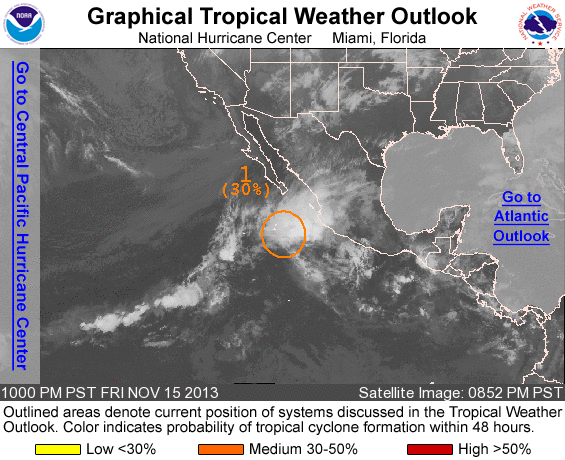
FOR THE EASTERN NORTH PACIFIC...EAST OF 140 DEGREES WEST LONGITUDE..

1. THUNDERSTORM ACTIVITY HAS CHANGED LITTLE IN ASSOCIATION WITH A BROAD AREA OF LOW PRESSURE LOCATED ABOUT 450 MILES WEST-SOUTHWEST OF MANZANILLO MEXICO. ALTHOUGH UPPER-LEVEL WINDS ARE GRADUALLY BECOMING UNFAVORABLE FOR DEVELOPMENT OF A TROPICAL CYCLONE...THIS DISTURBANCE COULD STILL PRODUCE GALE-FORCE WIND GUSTS TO THE NORTH AND NORTHEAST OF THE CENTER BEFORE IT REACHES THE COAST OF SOUTHWESTERN MEXICO BY SATURDAY NIGHT. THIS SYSTEM HAS A MEDIUM CHANCE...30 PERCENT...OF BECOMING A TROPICAL CYCLONE DURING THE NEXT 48 HOURS...AND A MEDIUM CHANCE...30 PERCENT...OF BECOMING A TROPICAL CYCLONE DURING THE NEXT 5 DAYS WHILE IT MOVES GENERALLY NORTHEASTWARD AT 10 TO 15 MPH. REGARDLESS OF DEVELOPMENT...LOCALLY HEAVY RAINS AND GUSTY WINDS ASSOCIATED WITH THIS SYSTEM ARE LIKELY TO AFFECT PORTIONS OF SOUTHWESTERN MEXICO OVER THE WEEKEND.

FIVE-DAY FORMATION PROBABILITIES ARE EXPERIMENTAL IN 2013. COMMENTS ON THE EXPERIMENTAL FORECASTS CAN BE PROVIDED AT...

HTTP://WWW.NWS.NOAA.GOV/SURVEY/NWS-SURVEY.PHP?CODE=ETWO

FORECASTER STEWART